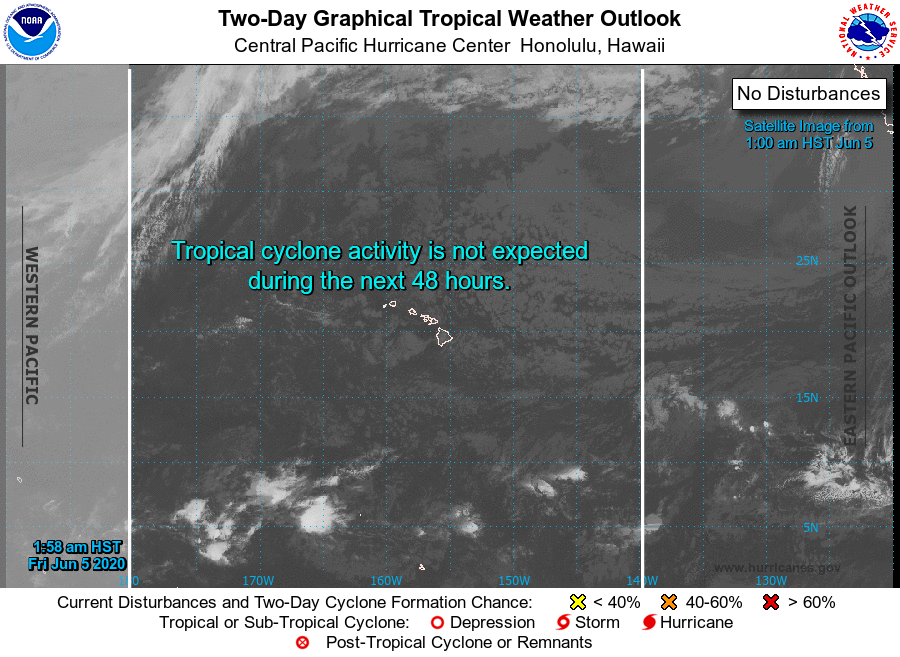
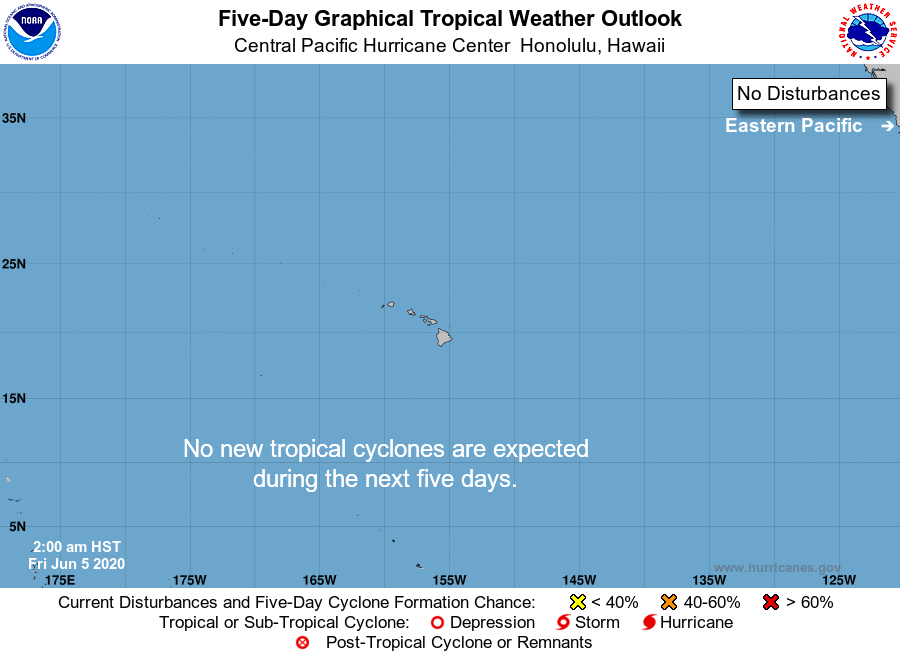
For the central North Pacific...between 140W and 180W:

No tropical cyclones are expected during the next 5 days.

Forecaster Gibbs